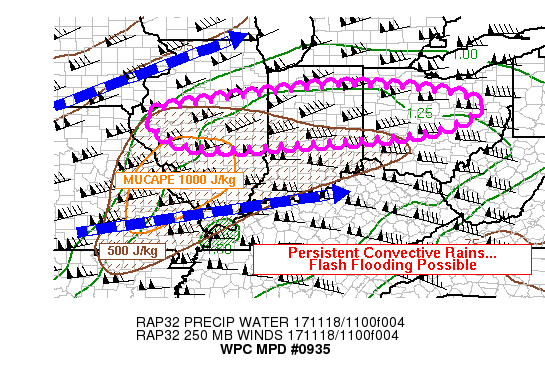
AREAS AFFECTED...IL...IN...OH

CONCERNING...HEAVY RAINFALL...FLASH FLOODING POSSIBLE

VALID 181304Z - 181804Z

SUMMARY...INTENSE JET LEVEL OUTFLOW AND LOW LEVEL INFLOW COMBINED
WITH MODEST INSTABILITY WILL SUPPORT A RISK OF RAIN RATES
EXCEEDING FLASH FLOOD GUIDANCE THROUGH 18Z.

DISCUSSION...AN AMPLIFYING / MATURING MID LATITUDE CYCLONE WAS
BRINGING SEVERAL INGREDIENTS INTO PLACE FOR A FOCUSED PERIOD OF
MODERATE TO HEAVY RAINFALL ALONG THE NORTH EDGE OF A CAPE GRADIENT
AND BENEATH STRONGLY DIFLUENT UPPER FLOW OWING TO JET SPEEDS IN
EXCESS OF 110 KNOTS.

AT 1245 UTC...RAIN AND EMBEDDED HEAVY CONVECTIVE RAINS WERE LINED
UP FROM WEST TO EAST ACROSS CENTRAL IL TO CENTRAL/NORTHERN IN/OH.
DUAL POL WSR-88D IN THE REGION ESTIMATED HOURLY RATES ABOVE ONE
INCH...ESPECIALLY NEAR THE DEEPER FORCING AND STRONGER INSTABILITY
OVER ILLINOIS. THE PHASING OF DEEP LAYER ASCENT WITH INCREASING
INSTABILITY AND PARTICULARLY WITH CONVERGENT AND STRENGTHENING LOW
LEVEL JET INFLOW...WILL MIGRATE EASTWARD DURING THE MORNING AND
EARLY AFTERNOON. HI-RES MODELS INDICATE A CONSENSUS SWATH OF AT
LEAST 1 TO 2 INCH AREAL AVERAGE RAINFALL. THERE IS
POTENTIAL...HOWEVER...FOR HIGHER AMOUNTS WITH WEST TO EAST
TRAINING UNTIL THE SYNOPTIC WAVE FURTHER AMPLIFIES AND THE BACK
EDGE OF FORCING SWINGS THROUGH. THE 10Z HRRR AND 00Z NSSL WRF WERE
HANDLING THE EARLY MORNING ACTIVITY WELL...AND THE NSSL WRF BOOSTS
LOCAL EVENT TOTALS ABOVE 3 INCHES...MUCH OF WHICH MAY FALL IN ONLY
A 2 TO 4 HOUR PERIOD AT ANY GIVEN LOCATION. SOME FLASH FLOODING
MAY OCCUR.